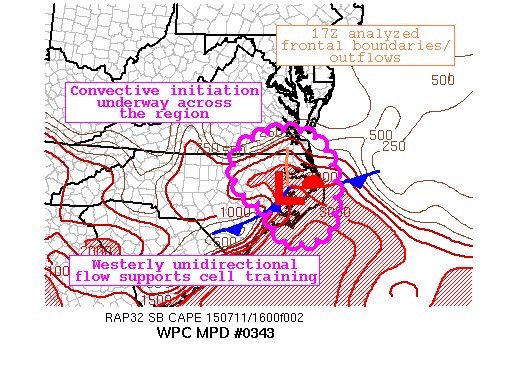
AREAS AFFECTED...SOUTHEASTERN VA/EASTERN NC/NC OUTER BANKS...

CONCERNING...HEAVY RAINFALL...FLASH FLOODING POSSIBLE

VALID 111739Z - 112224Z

SUMMARY...CONVECTION HAS BEGUN TO ERUPT ALONG A SHARP
MOISTURE/INSTABILITY GRADIENT ANCHORING SOUTHEASTERN VA/EASTERN
NC. MORNING SOUNDINGS ACROSS THE REGION SUPPORT TRAINING
CONVECTION WITH HIGH RAINFALL RATES GIVEN ANOMALOUS MOISTURE IN
PLACE.

DISCUSSION...A COMPLEX OF SHOWERS AND THUNDERSTORMS WHICH TRACKED
THROUGH THE MID-ATLANTIC THIS MORNING IS CURRENTLY MOVING TOWARD
THE EASTERN SHORE OF MD. TO THE SOUTH OF THIS PRECIPITATION
SHIELD...NEARLY CLOUD FREE SKIES HAS LED TO AN EXPANSIVE CU FIELD
ACROSS MUCH OF NORTH-CENTRAL NC EASTWARD TOWARD THE OUTER BANKS.
SUCH CONDITIONS HAVE RAISED SURFACE-BASED INSTABILITY VALUES ABOVE
2000 J/KG WITH NO CAPPING. EXPECT THE CONVECTION TO CONTINUE TO
EXPAND IN COVERAGE THROUGHOUT THE PEAK DIURNAL HEATING CYCLE WITH
LOCALLY HEAVY RAINFALL GIVEN PWATS IN THE 1.75 TO 2 INCH RANGE
BASED ON THE GPS DATA. FURTHERMORE...THE 12Z SOUNDING DEPICTED
NEARLY UNIDIRECTIONAL WESTERLY FLOW WHICH MAY RESULT IN
TRAINING/BACKBUILDING IF CONVECTION CAN ALIGN ITSELF ALONG THIS
MEAN FLOW.

THE PAST FOUR CYCLES OF THE HRRR HAVE SHOWN A STEADY INCREASE IN
THE COVERAGE OF DEEP CONVECTION ACROSS THE AFFECTED REGION. THIS
BRINGS THE SOLUTION INTO BETTER AGREEMENT WITH OTHER
CONVECTION-ALLOWING MODELS WHICH DISPLAY A BROAD REGION 1 TO 2
INCHES OF RAINFALL THROUGH 00Z WITH LOCALIZED AMOUNTS APPROACHING
4 INCHES. WHILE FFG VALUES ARE FAIRLY HIGH...THERE ARE POCKETS OF
LOWER VALUES IN NC WHICH SUPPORTS THE THREAT FOR FLASH FLOODING.
OF COURSE ANY CONVECTION WHICH BEGINS TO TRAIN WILL ALSO BE LIKELY
CANDIDATES FOR POSSIBLE FLASH FLOODING. PLEASE VIEW THE LATEST
SPENES FROM NESDIS/SAB FOR ADDITIONAL INFORMATION.